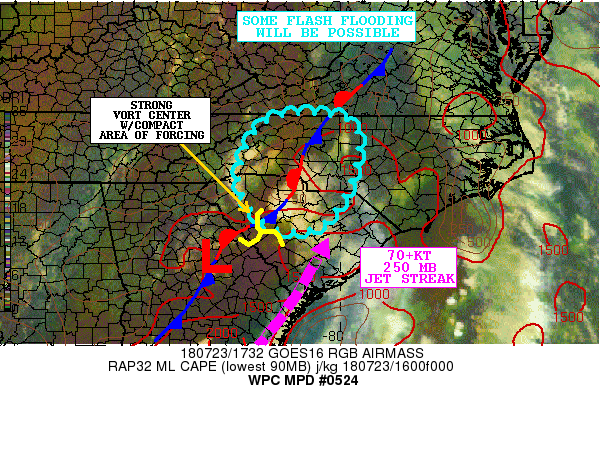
AREAS AFFECTED...CENTRAL/NORTHERN SC...CENTRAL/ WESTERN NC

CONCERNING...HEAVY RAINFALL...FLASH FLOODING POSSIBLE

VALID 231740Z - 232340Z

SUMMARY...SLOW-MOVING SHOWERS AND THUNDERSTORMS WILL TEND TO
EXPAND IN COVERAGE OVER THE NEXT FEW HOURS. HEAVY RAINFALL RATES
OF OVER 2 INCHES/HR WILL FOSTER SOME FLASH FLOODING CONCERNS.

DISCUSSION...THE LATEST GOES-16 AIRMASS RGB IMAGERY DEPICTS AN
UPPER LEVEL SHORTWAVE PIVOTING SLOWLY NORTHEAST UP ACROSS CENTRAL
SC AND THE COMPACT DYNAMICS ASSOCIATED WITH IT IS INTERACTING WITH
INCREASING BOUNDARY LAYER INSTABILITY VIA STRONG DIURNAL HEATING
FOR FOR SEVERAL CLUSTERS OF SHOWERS AND THUNDERSTORMS. THE
ACTIVITY IS ALSO FOCUSING WITHIN AN AREA OF 250 MB LEFT-EXIT
REGION JET DYNAMICS COURTESY OF A JET STREAK LIFTING ALONG THE
GA/SC COASTAL PLAIN...AND IN VICINITY OF A FRONT DRAPED ACROSS THE
REGION WHICH IS TENDING TO FOCUS FAVORABLE LOW LEVEL CONVERGENCE
ACROSS THE REGION.

THE CONVECTION SHOULD TEND TO EXPAND IN COVERAGE THIS AFTERNOON
AND BEGIN TO DEVELOP FARTHER NORTH ALONG THE FRONTAL ZONE ACROSS
THE SOUTHERN MID-ATLANTIC REGION. PWATS ACROSS THE REGION ARE
SLOWLY RISING GIVEN THE RETROGRESSIVE LARGE SCALE FLOW PATTERN
SEEN ALONG THE EAST COAST AND ARE CURRENTLY ON THE ORDER OF 1.5 TO
1.75 INCHES.

FFG VALUES ARE RATHER HIGH ACROSS THE REGION...BUT THE CELL
MOTIONS ARE EXPECTED TO BE VERY SLOW GIVEN THE WEAK STEERING
CURRENTS. THIS COUPLED WITH THE INCREASING PWAT ENVIRONMENT THIS
AFTERNOON SHOULD LEAD TO SOME ENHANCED RAINFALL RATES AND THE
LATEST HRRR GUIDANCE DOES FAVOR AS MUCH AS 3 TO 4 INCHES OF
RAIN...WITH ISOLATED HEAVIER AMOUNTS.

SOME FLASH FLOODING WILL BE POSSIBLE GIVEN THESE TOTALS...AND
ESPECIALLY IF ANY OF THE ACTIVITY GETS INTO MORE URBANIZED AREAS.